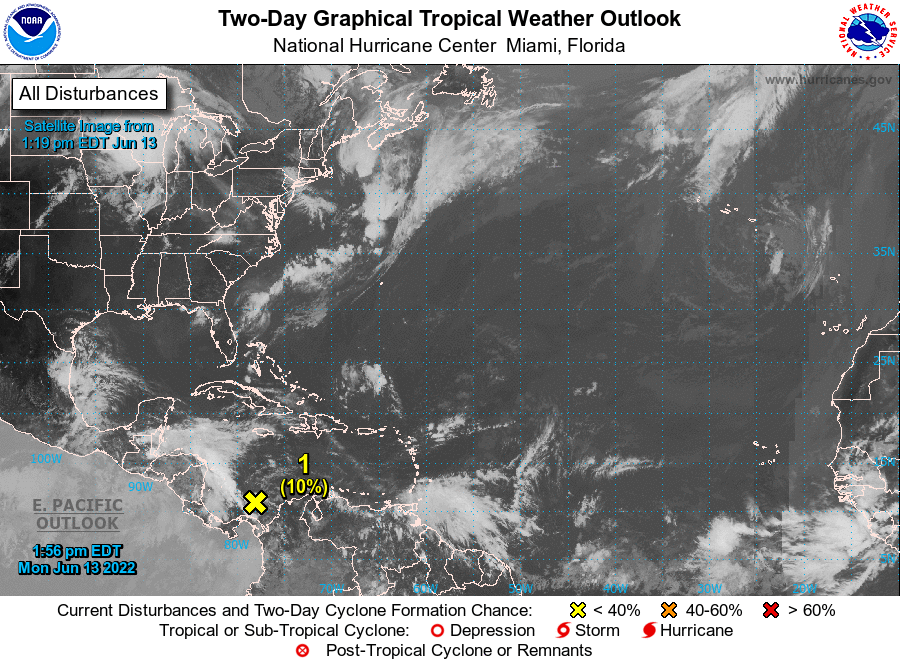
For the North Atlantic...Caribbean Sea and the Gulf of Mexico:

1. Southwestern Caribbean Sea: A broad area of disturbed weather is located over the southwestern Caribbean Sea, associated with a surface trough of low pressure. Some slow development is possible, and a tropical depression could form by late this week if the system remains over water. The disturbance is expected to move northwestward near the coasts of Nicaragua and Honduras during that time. Regardless of development, this system could produce periods of heavy rainfall across portions of eastern Nicaragua and eastern Honduras late this week.
* Formation chance through 48 hours...low...10 percent.
* Formation chance through 5 days...medium...40 percent.

Forecaster Hagen/Blake